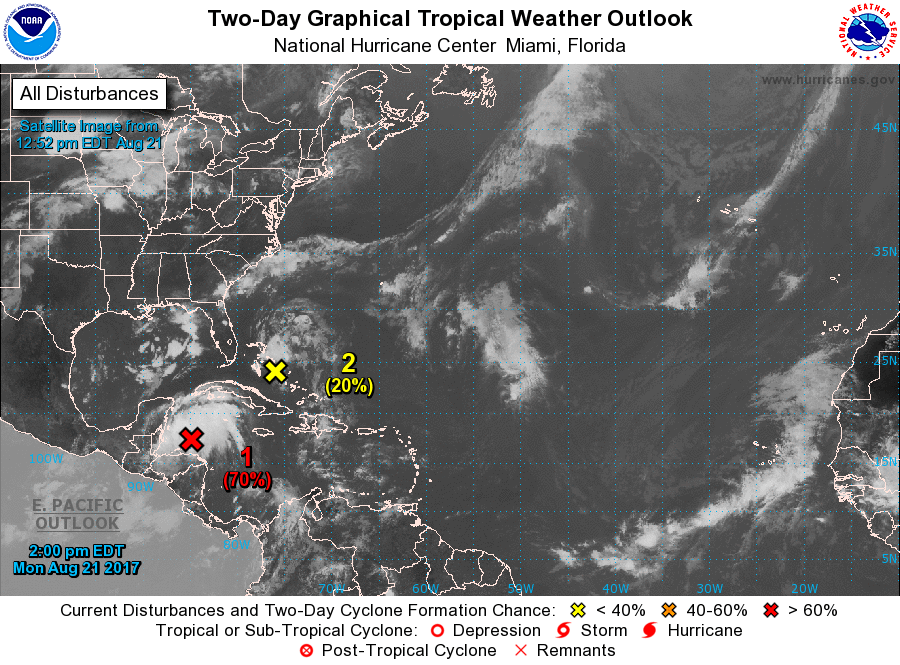
For the North Atlantic...Caribbean Sea and the Gulf of Mexico:

1. Shower and thunderstorm activity has increased today in association with the remnants of Harvey, but the system still lacks a well-defined center of circulation. Some development of this disturbance is still possible before it reaches the coast of Belize or the Yucatan Peninsula early Tuesday. The system is forecast to move into the Bay of Campeche early Wednesday, where environmental conditions are expected to be conducive for redevelopment into a tropical cyclone. Regardless of development, locally heavy rainfall and gusty winds are likely to spread westward across Honduras, Belize, and the Yucatan Peninsula during the next couple of days.
* Formation chance through 48 hours...high...70 percent.
* Formation chance through 5 days...high...90 percent.

2. A trough of low pressure located near the central Bahamas continues to produce disorganized showers and thunderstorms. Some slow development of this system is possible during the next several days while it moves west-northwestward across the Bahamas and then turns northwestward or northward near Florida and the adjacent waters.
* Formation chance through 48 hours...low...20 percent.
* Formation chance through 5 days...medium...40 percent.

Forecaster Cangialosi